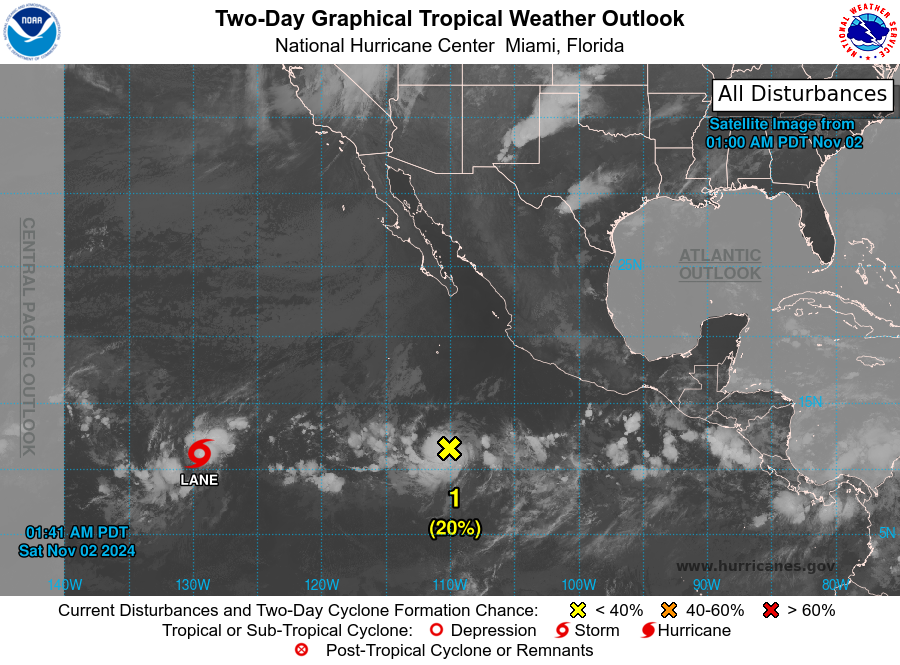
For the eastern North Pacific...east of 140 degrees west longitude:

Active Systems: The National Hurricane Center is issuing advisories on Tropical Depression Thirteen-E, located over the western portion of the eastern Pacific basin.

1. Southwest of Southwestern Mexico: Satellite data indicate a broad area of low pressure has formed well offshore of the southwestern coast of Mexico, with some recent increase in disorganized shower and thunderstorm activity. Gradual development of this system is possible through the early to middle part of next week while the system drifts generally eastward to east-northeastward.
* Formation chance through 48 hours...low...20 percent.
* Formation chance through 7 days...low...30 percent.

Public Advisories on Tropical Depression Thirteen-E are issued under WMO header WTPZ33 KNHC and under AWIPS header MIATCPEP3. Forecast/Advisories on Tropical Depression Thirteen-E are issued under WMO header WTPZ23 KNHC and under AWIPS header MIATCMEP3.

Forecaster Reinhart